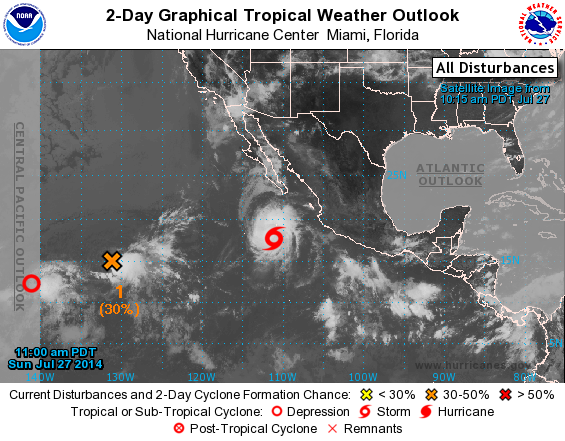
For the eastern North Pacific...east of 140 degrees west longitude:

The National Hurricane Center is issuing advisories on Tropical Storm Hernan, located several hundred miles south-southwest of the southern tip of the Baja California peninsula.

1. Shower and thunderstorm activity associated with a low pressure area located about 1500 miles west-southwest of the southern tip of the Baja California peninsula has increased somewhat but remains poorly organized. Upper-level winds are expected to remain unfavorable for significant development while the low moves westward at 5 to 10 mph over the next several days.
* Formation chance through 48 hours...medium...30 percent.
* Formation chance through 5 days...medium...40 percent.

2. An area of low pressure could form well south of southern Mexico by later this week. Some gradual development of this system is possible after that time while it moves west-northwestward.
* Formation chance through 48 hours...low...near 0 percent.
* Formation chance through 5 days...low...20 percent.

Forecaster Pasch